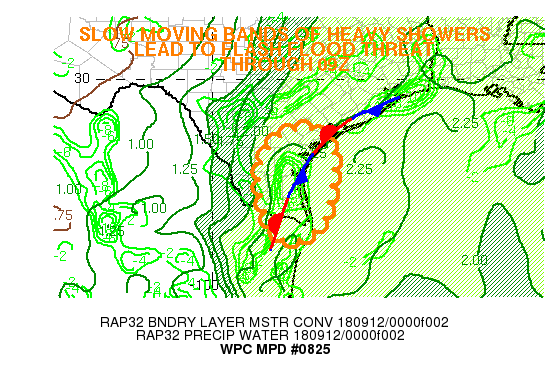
Areas affected......South Texas...

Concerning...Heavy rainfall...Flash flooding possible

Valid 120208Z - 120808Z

Summary...Showers and thunderstorms have developed over south
Texas in the vicinity of a low level stationary front.
Continuation of activity overnight and slow cell motion leads to
local bands of 2-4 inches of rain, resulting in possible flash
flooding.

Discussion...An upper level trough is in place across south Texas
with the RAP analysis at 00z showing a hint of an embedded closed
850 mb circulation.  Showers and storms have developed near the
boundary layer moisture convergence and 850 mb trough.  The models
show slow movement of the upper trough to the east, continuing the
threat overnight.

The 00z Brownsville sounding shows a warm advection profile with
an impressive 2.45 inch PW.  Light winds from the SFC to 700 mb
winds under 10 kt leads to slow cell motions.

The RAP shows boundary layer moisture convergence drifting west,
with the NAM and NSSL WRF showing redevelopment along the coast,
along with coastal convergence as the modest 15 kt inflow
develops.

Heavier rain rates are a result of the
high available moisture and areas of combined upper divergence/low
level convergence.

High-res guidance shows a signal for 2-4" of rainfall across the
threat area.
3-hr FFG guidance in south Texas is variable with the possible
designation due to this variability, including both relatively low
guidance locally under an inch in 3 hours and other clusters
higher with 3-4 inches in 6 hours where it has not rained as much
recently.

With slow movement of the upper trough and continued high
available moisture and areas of low level convergence, this area
will be evaluated later tonight for an extension and possible
inclusion of areas further up the Texas coast towards
Houston/Galveston.